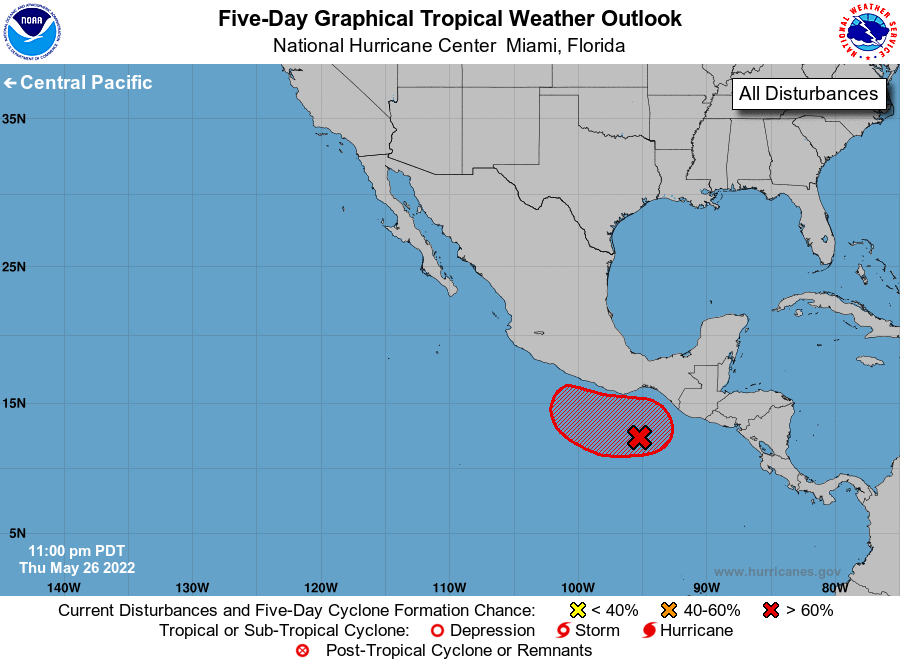
For the eastern North Pacific...east of 140 degrees west longitude:

1. South of the Gulf of Tehuantepec: Showers and thunderstorms associated with a broad area of low pressure located a couple of hundred miles south of the Gulf of Tehuantepec are showing signs of organization. Environmental conditions are expected to remain conducive for additional development, and a tropical depression is likely to form within the next day or so. Further development of this system will be possible over the weekend while it moves west-northwestward or northwestward at 5 to 10 mph, and interests in southern Mexico should monitor the progress of this disturbance. Regardless of development, locally heavy rains are possible along coastal sections of Guatemala and southern Mexico during the next few days.
* Formation chance through 48 hours...high...80 percent.
* Formation chance through 5 days...high...90 percent.

Forecaster Brown